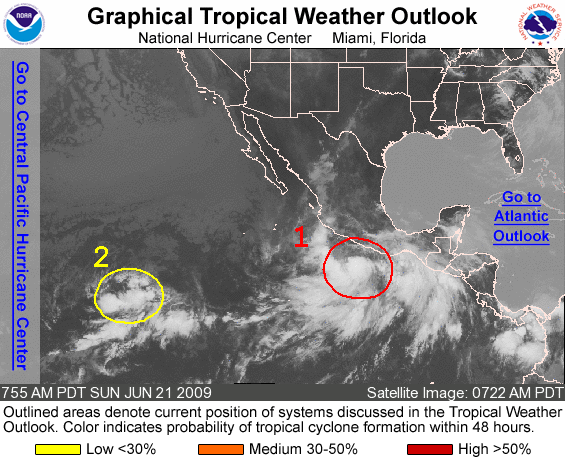
FOR THE EASTERN NORTH PACIFIC...EAST OF 140 DEGREES WEST LONGITUDE..

SPECIAL OUTLOOK ISSUED TO UPDATE DISCUSSION OF LOW PRESSURE AREA SOUTH OF ACAPULCO MEXICO.

1. UPDATED...SATELLITE IMAGES INDICATE THAT SHOWERS AND THUNDERSTORMS ASSOCIATED WITH THE AREA OF LOW PRESSURE CENTERED ABOUT 150 MILES SOUTHWEST OF ACAPULCO MEXICO CONTINUE TO BECOME BETTER ORGANIZED... BUT THE LOW-LEVEL CENTER OF CIRCULATION IS NOT YET WELL-DEFINED. ONLY A SLIGHT INCREASE IN THE ORGANIZATION OF THIS SYSTEM WOULD RESULT IN THE FORMATION OF A TROPICAL DEPRESSION...AND ADVISORIES COULD BE INITIATED LATER TODAY. THERE IS A HIGH CHANCE...GREATER THAN 50 PERCENT...OF THIS SYSTEM BECOMING A TROPICAL CYCLONE DURING THE NEXT 48 HOURS. HEAVY RAINS COULD AFFECT PORTIONS OF THE SOUTHERN AND SOUTHWESTERN COAST OF MEXICO DURING THE NEXT DAY OR TWO...AND INTERESTS IN THIS REGION SHOULD MONITOR THE PROGRESS OF THIS SYSTEM.

2. AN AREA OF LOW PRESSURE LOCATED ABOUT 1600 MILES SOUTHWEST OF THE SOUTHERN TIP OF BAJA CALIFORNIA IS PRODUCING A DISORGANIZED AREA OF SHOWERS AND THUNDERSTORMS. DEVELOPMENT OF THIS SYSTEM...IF ANY... WILL BE SLOW TO OCCUR AS IT MOVES EAST-NORTHEASTWARD AT 5 TO 10 MPH OVER THE NEXT COUPLE OF DAYS. THERE IS A LOW CHANCE...LESS THAN 30 PERCENT...OF THIS SYSTEM BECOMING A TROPICAL CYCLONE DURING THE NEXT 48 HOURS.

ELSEWHERE...TROPICAL CYCLONE FORMATION IS NOT EXPECTED DURING THE NEXT 48 HOURS.

FORECASTER BERG/PASCH